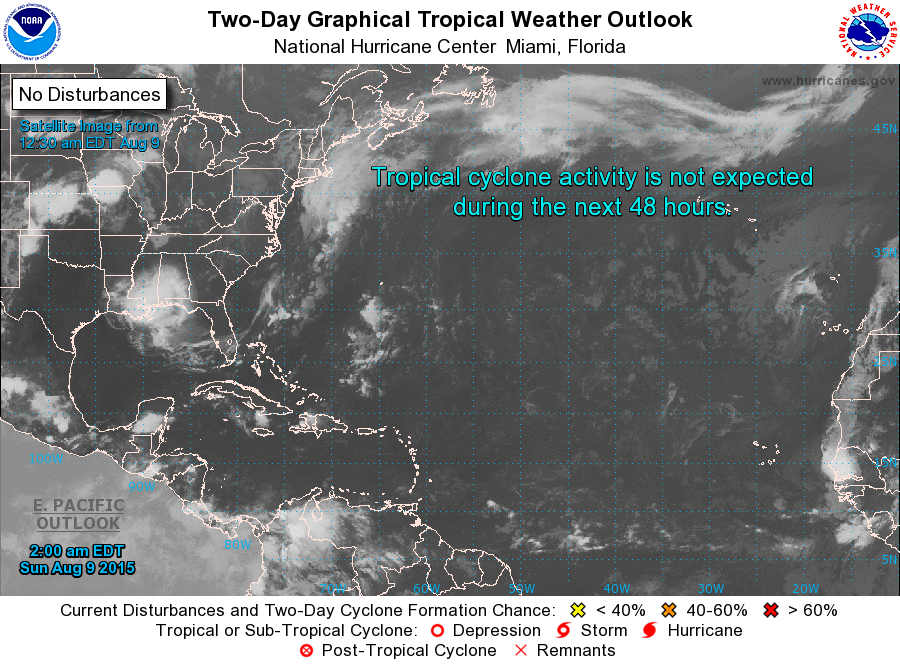
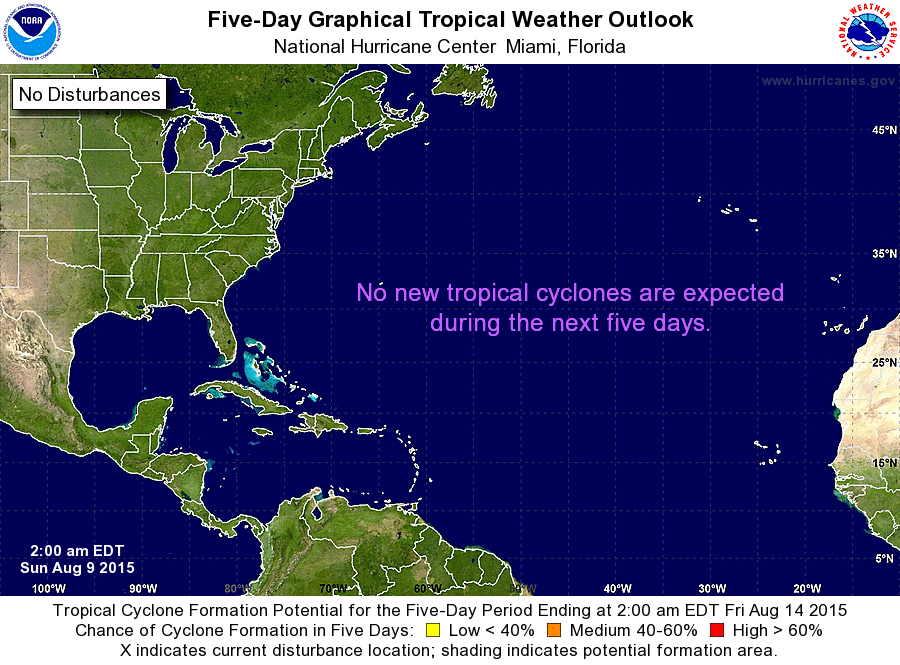
For the North Atlantic...Caribbean Sea and the Gulf of Mexico:

Tropical cyclone formation is not expected during the next 5 days.

Forecaster Pasch